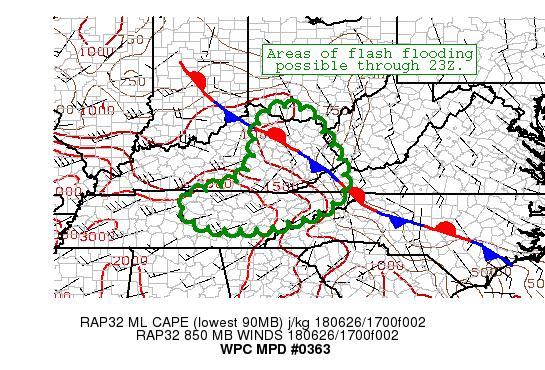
AREAS AFFECTED...CNTRL AND ERN TN...ERN KY...EXTREME SRN OH...SWRN
VA

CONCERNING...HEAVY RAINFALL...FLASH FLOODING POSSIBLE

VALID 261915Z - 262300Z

SUMMARY...A CONVECTIVE COMPLEX, WITH TRAINING ALONG THE SOUTHERN
FLANK, AND AREAS OF TRAINING CELLS OUT AHEAD OF IT WILL PRODUCE
AREAS OF HEAVY RAIN THROUGH 23Z. FLASH FLOODING IS POSSIBLE.

DISCUSSION...A LONG-LIVED CONVECTIVE COMPLEX/SQUALL LINE CONTINUES
TO PRESS EASTWARD ACROSS KY THIS AFTERNOON, PRODUCING AREAS OF
HEAVY RAINFALL. LATEST RADAR ESTIMATES WITHIN THE CONVECTIVE LINE
SHOW RAINFALL RATES OF 1-2 IN/HR AT TIMES. ALONG THE SOUTHERN
EDGE, SOME CELL TRAINING WAS NOTED ALONG THE OUTFLOW BOUNDARY,
WHICH WAS ORIENTED WITH A SIGNIFICANT PERPENDICULAR COMPONENT IN
THE LOW-LEVEL FLOW. AHEAD OF THE LINE, A BROAD REGION OF LOW-LEVEL
CONVERGENCE ALONG WITH A SURFACE FRONTAL BOUNDARY ARE SUPPORTING
THE DEVELOPMENT OF ADDITIONAL CONVECTIVE CELLS, SOME OF WHICH ARE
SLOW-MOVING AND/OR TRAINING GIVEN RELATIVELY WEAK LOW-LEVEL FLOW.
LATEST GOES-16 SATELLITE IMAGERY SUGGEST THAT THE INTENSITY OF THE
CONVECTIVE COMPLEX MAY HAVE PEAKED, WITH A GRADUAL WARMING OF
CLOUD TOPS NOTED OVER THE PAST HOUR. INSTABILITY REMAINS ABUNDANT
TO THE SOUTH/EAST OF THE COMPLEX (MLCAPES OF 1500-2500 J/KG),
HOWEVER, WHICH COMBINED WITH CONTINUED UPPER-LEVEL DIFFLUENT FLOW,
SHOULD KEEP THE WEAKENING PROCESS RELATIVELY SLOW. ADDITIONALLY,
PW VALUES ARE NEAR 2 INCHES, SUPPORTING A HIGH DEGREE OF
PRECIPITATION EFFICIENCY.

AS A RESULT, A CONTINUED EASTWARD PROGRESSION OF THE COMPLEX IS
EXPECTED THROUGH THE NEXT SEVERAL HOURS, WITH A PERSISTENT THREAT
FOR RATES OF 1-2 IN/HR IN SOME AREAS. THE HRRR AND HRRR-EXP BOTH
SHOW THIS GENERAL SCENARIO, WITH THE COMPLEX SLOWLY WEAKENING AS
IT REACHES THE APPALACHIANS OVER THE NEXT FEW HOURS, AND BOTH
INDICATING THE POTENTIAL FOR LOCALIZED ADDITIONAL RAINFALL AMOUNTS
THROUGH 23Z EXCEEDING 2 INCHES. ADDITIONAL AREAS OF HEAVY RAIN MAY
CONTINUE OUT AHEAD OF THE MAIN LINE IN SLOW-MOVING OR REDEVELOPING
CELLS. FINALLY, CONTINUED AREAS OF TRAINING MAY OCCUR ON THE
OUTFLOW ALONG THE SOUTHERN FLANK OF THE CONVECTIVE COMPLEX GIVEN
THE 20 KT SOUTHWESTERLY LOW-LEVEL FLOW.